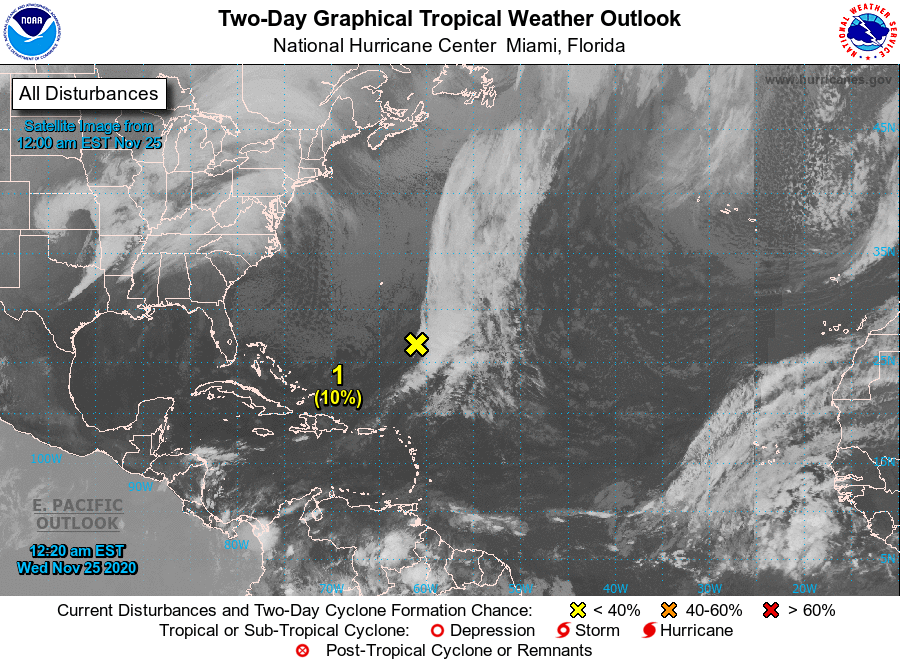
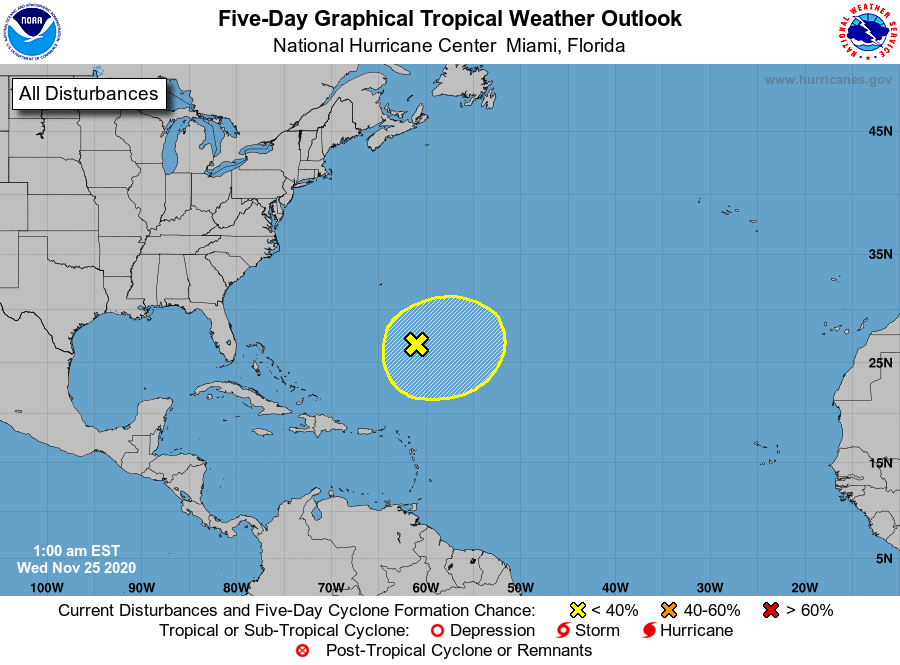
For the North Atlantic...Caribbean Sea and the Gulf of Mexico:

1. A low pressure area located along a frontal system more than 400 miles southeast of Bermuda is producing disorganized showers and thunderstorms, mainly east of its center. The low is expected to interact with an upper-level trough later today, detach from the front by Thursday, and then possibly acquire subtropical characteristics on Friday while it moves southward over warmer waters. For more information on this system, see High Seas Forecasts issued by the National Weather Service.
* Formation chance through 48 hours...low...10 percent.
* Formation chance through 5 days...low...30 percent.

High Seas Forecasts issued by the National Weather Service can be found under AWIPS header NFDHSFAT1, WMO header FZNT01 KWBC, and online at ocean.weather.gov/shtml/NFDHSFAT1.php

Forecaster Stewart